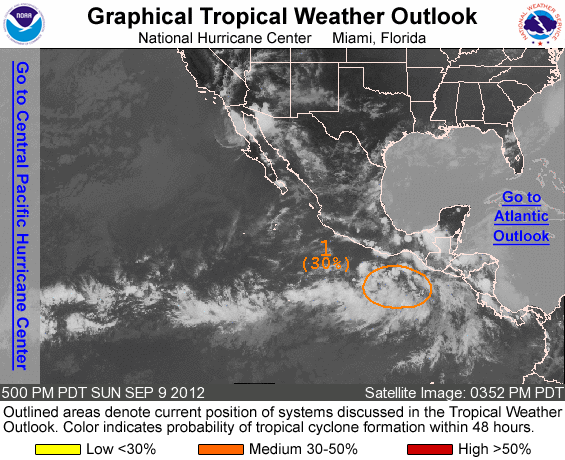
FOR THE EASTERN NORTH PACIFIC...EAST OF 140 DEGREES WEST LONGITUDE..

1. A LARGE AREA OF DISORGANIZED SHOWERS AND THUNDERSTORMS IS ASSOCIATED WITH A BROAD AREA OF LOW PRESSURE LOCATED A FEW HUNDRED MILES SOUTH-SOUTHWEST OF THE GULF OF TEHUANTEPEC. ENVIRONMENTAL CONDITIONS ARE CONDUCIVE FOR DEVELOPMENT OF THIS SYSTEM OVER THE NEXT COUPLE OF DAYS AS IT MOVES WEST-NORTHWESTWARD AROUND 10 TO 15 MPH. THIS SYSTEM HAS A MEDIUM CHANCE...30 PERCENT...OF BECOMING A TROPICAL CYCLONE DURING THE NEXT 48 HOURS.

FORECASTER ROBERTS